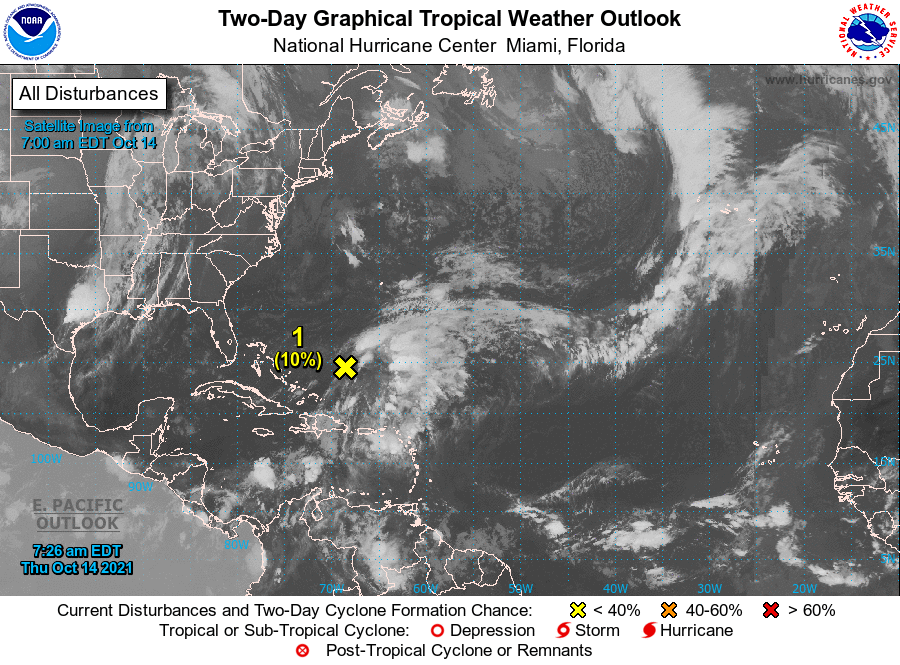
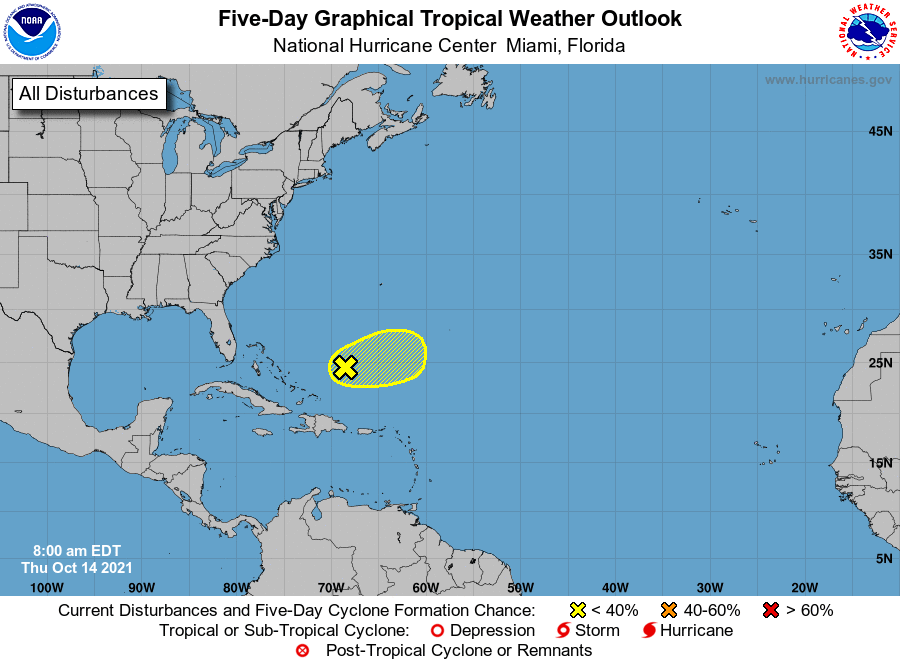
For the North Atlantic...Caribbean Sea and the Gulf of Mexico:

1. A broad area of low pressure located a few hundred miles northeast of the Turks and Caicos continues to produce a large area of disorganized cloudiness and thunderstorms primarily east and northeast of its center. Strong upper-level winds are expected to prevent significant development of this system during the next day or so. The low is beginning to move eastward and should accelerate further to the east-northeast over the next several days. On Friday, the disturbance is forecast to interact with a mid-latitude trough and further tropical development is not anticipated after that time.
* Formation chance through 48 hours...low...10 percent.
* Formation chance through 5 days...low...10 percent.

Forecaster Papin